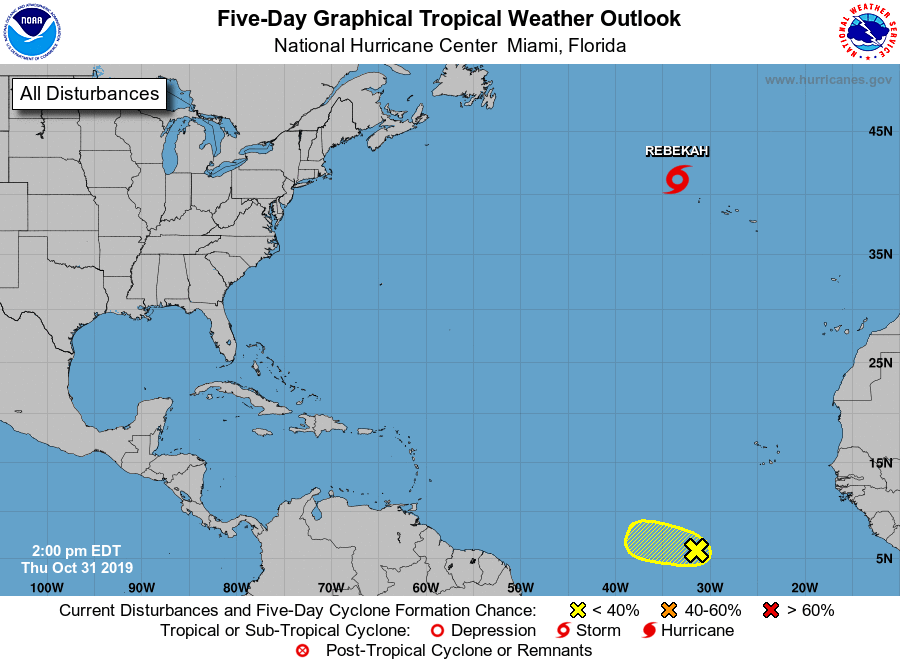
For the North Atlantic...Caribbean Sea and the Gulf of Mexico:

The National Hurricane Center is issuing advisories on Subtropical Storm Rebekah located over the north Atlantic, several hundred miles west-northwest of the Azores.

1. Disorganized showers and thunderstorms are persisting nearly 1000 miles south-southwest of the Cabo Verde Islands. Some slow development of this disturbance is possible during the next day or two while it moves generally westward across the central Atlantic. Upper-level winds are forecast to become unfavorable for further development over the weekend.
* Formation chance through 48 hours...low...10 percent.
* Formation chance through 5 days...low...10 percent.

Forecaster Zelinsky